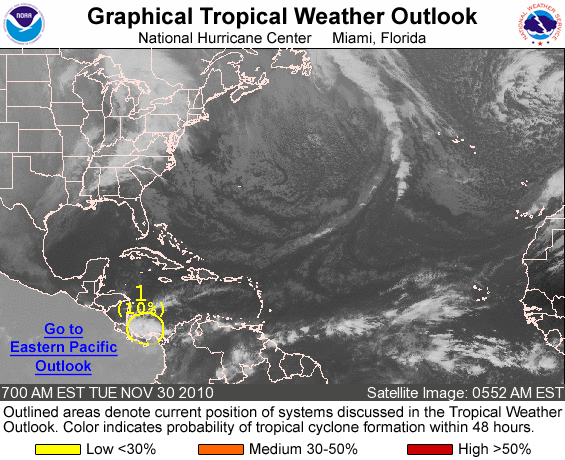
FOR THE NORTH ATLANTIC...CARIBBEAN SEA AND THE GULF OF MEXICO...

1. A BROAD AREA OF LOW PRESSURE OVER THE EXTREME SOUTHWESTERN CARIBBEAN SEA...JUST NORTH OF PANAMA...IS PRODUCING DISORGANIZED SHOWERS AND THUNDERSTORMS. THIS ACTIVITY WILL LIKELY SPREAD GRADUALLY WESTWARD OVER PORTIONS OF PANAMA AND COSTA RICA TODAY AND WEDNESDAY. DEVELOPMENT...IF ANY...WILL BE SLOW TO OCCUR. THERE IS A LOW CHANCE...10 PERCENT...OF THIS SYSTEM BECOMING A TROPICAL CYCLONE DURING THE NEXT 48 HOURS.

ELSEWHERE...TROPICAL CYCLONE FORMATION IS NOT EXPECTED DURING THE NEXT 48 HOURS.

FORECASTER AVILA